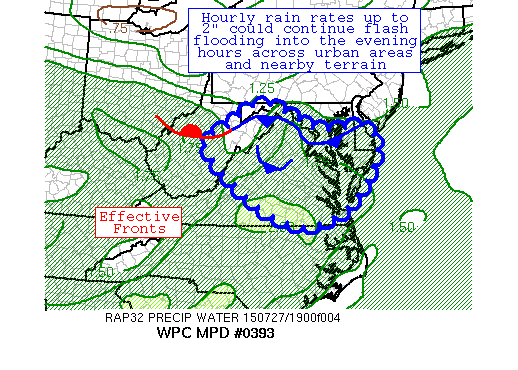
AREAS AFFECTED...PORTIONS OF WV AND VA

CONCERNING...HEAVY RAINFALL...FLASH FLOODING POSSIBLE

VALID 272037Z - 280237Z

SUMMARY...THUNDERSTORMS ARE BECOMING MORE CONCENTRATED ACROSS
CENTRAL VA.  FLASH FLOODING REMAINS POSSIBLE OVER THE NEXT SEVERAL
HOURS.

DISCUSSION...AFTERNOON CONVECTION ACROSS THE AREA HAS BEEN
INCREASING IN COVERAGE OVER THE PAST COUPLE HOURS WITHIN A MOIST
ENVIRONMENT THAT CONTAINS PRECIPITABLE WATER VALUES OF 1.75-2".
RADAR ESTIMATES HAVE INDICATED HOURLY RAIN RATES UP TO 2", WHICH
BEFITS THE MOISTURE AVAILABLE.  LIGHT SOUTHWEST FLOW IS SEEN AT
850 HPA, WHILE THE MEAN WIND IS FROM THE NORTHWEST AT 15 KTS.
MLCAPES ARE IN THE 1500-2500 J/KG RANGE.  BULK SHEAR IS IN THE
20-25 KT RANGE, WHICH APPEARS TO BE ORGANIZING AREA CONVECTION
OUTSIDE THE EXPECTED PULSE MODE.  WHILE THIS COMBINATION WOULD
NORMALLY FOSTER FORWARD PROPAGATING CONVECTION, MUCH OF THE
ACTIVITY HAS BEEN DIFFICULT TO BUDGE FROM THE BLUE RIDGE MOUNTAINS.

AS A COLD POOL FORMS AT THE SURFACE, EXPECT CONVECTION TO BECOME
DISLODGED FROM THE TOPOGRAPHY AND MIGRATE SOUTHEAST AT 15 KTS.
ACTIVITY NEAR THE DC/BALTIMORE AREAS SHOULD FADE FIRST AS A COLD
POOL FROM EARLY CONVECTION PUSHES AN OUTFLOW BOUNDARY SOUTHWARD.
THE MESOSCALE GUIDANCE HAS GENERALLY SHOWN A NORTHWARD BIAS WITH
THE PLACEMENT OF THE THUNDERSTORM ACTIVITY SO FAR, WITH THE 12Z
SPC WRF AND 12Z WRF4NSSL CONSIDERED THE LEAST USEFUL.  THE
GUIDANCE SUGGESTS LOCAL AMOUNTS OF 2-4" ARE POSSIBLE IN THIS
REGION, WHICH COULD FALL QUICKLY WITH HOURLY RAIN RATES UP TO 2".
THE AVAILABLE INSTABILITY SUPPORTS AT LEAST FOUR MORE HOURS OF
CONVECTIVE ACTIVITY, WITH THE 12Z SSEO NEIGHBORHOOD PROBABILITIES
OF EXCEEDING THREE HOUR FLASH FLOOD GUIDANCE SUGGESTING PROBLEMS
LINGER THROUGH 05Z.  FLASH FLOODING IS POSSIBLE, PARTICULARLY
ACROSS THE TERRAIN AND WITHIN URBAN AREAS.